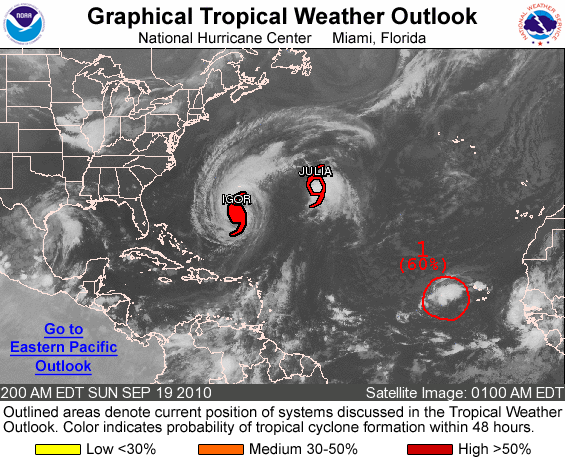
FOR THE NORTH ATLANTIC...CARIBBEAN SEA AND THE GULF OF MEXICO...

THE NATIONAL HURRICANE CENTER IS ISSUING ADVISORIES ON HURRICANE IGOR...LOCATED ABOUT 275 MILES SOUTH OF BERMUDA...AND ON TROPICAL STORM JULIA...LOCATED ABOUT 1455 MILES WEST OF THE AZORES.

1. SHOWER AND THUNDERSTORM ACTIVITY CONTINUES TO BECOME BETTER ORGANIZED IN ASSOCIATION WITH A LOW PRESSURE SYSTEM LOCATED ABOUT 300 MILES WEST OF THE CAPE VERDE ISLANDS. CONDITIONS APPEAR FAVORABLE FOR ADDITIONAL DEVELOPMENT...AND A TROPICAL DEPRESSION COULD FORM DURING THE NEXT COUPLE OF DAYS AS THIS SYSTEM MOVES WESTWARD OR WEST-NORTHWESTWARD AT 5 TO 10 MPH. THERE IS A HIGH CHANCE...60 PERCENT...OF THIS SYSTEM BECOMING A TROPICAL CYCLONE DURING THE NEXT 48 HOURS.

ELSEWHERE...TROPICAL CYCLONE FORMATION IS NOT EXPECTED DURING THE NEXT 48 HOURS.

FORECASTER BRENNAN